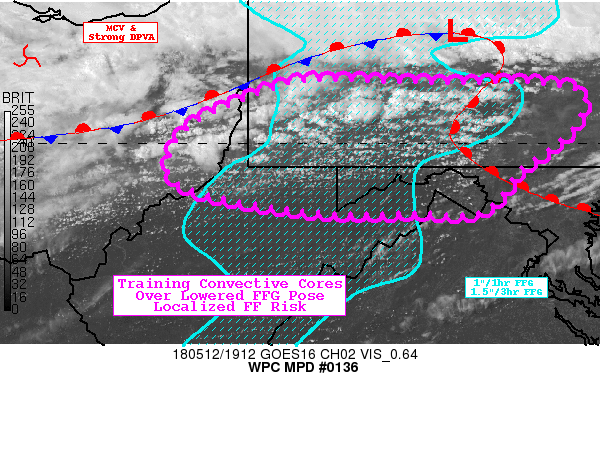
AREAS AFFECTED...SOUTHWEST PA...NORTHERN WV...WESTERN MD...EASTERN
OH

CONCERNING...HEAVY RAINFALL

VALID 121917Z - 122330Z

SUMMARY...DEVELOPING LINEAR CONVECTIVE SEGMENTS MAY TRAIN THROUGH
SUSCEPTIBLE GROUND CONDITIONS/TERRAIN TO POSE LOCALIZED FLASH
FLOODING RISK THROUGH EARLY EVENING BEFORE BECOMING OUTFLOW
DOMINANT.

DISCUSSION...GOES-16 1-MINUTE MESO VISIBLE IMAGERY AND REGIONAL
RADARS DEPICT TWO DISTINCT WEST TO EAST ORIENTED LINES OF TCU
BUILDING TO FULL CBS AT THIS TIME.  SPC MESO DISCUSSION 391
HIGHLIGHTS THE FRONTAL ZONE AND ENVIRONMENTAL CONDITIONS FOR THIS
DEVELOPMENT WELL WITH 1250+ J/KG CAPES.  FROM THE FLOODING
PERSPECTIVE THERE ARE A FEW ADDITIONAL FACTORS THAT MAY AID
LOCALIZED FLASH FLOODING ISSUES OVER THE NEXT 3-4 HOURS.  THE MAIN
REASON IS LOWERED FFG VALUES ACROSS COMPLEX TERRAIN MAINLY ACROSS
SOUTHWEST PA WHERE 1 HR FFG VALUES ARE AROUND 1"/HR AND 3HR VALUES
ARE ABOUT 1.5" (WITH LOWER VALUES FURTHER SOUTH OVER N WV/W MD) AS
WELL IN URBAN CENTERS.  THE 18Z PBZ SOUNDING HIGHLIGHTS THE OTHER
MAJOR FACTOR...WHERE UNIDIRECTIONAL FLOW REGIME IS IN PLACE THAT
IS GENERALLY PARALLEL TO THE ORIENTATION OF THE CONVECTION.  GIVEN
THE LENGTH OF THE CONVECTIVE LINES (LIKELY TO EXPAND DOWNSTREAM AS
WELL) THIS FLOW REGIME AND CONVECTIVE DEVELOPMENT/ ORIENTATION
POSES A GOOD LIKELIHOOD FOR CELLS TO TRAIN.

SURFACE TDS IN THE HIGH 50S/LOWER 60S AND MODEST INCREASING 9-7H
MST FLUX JUST AHEAD OF STRONG DPVA FROM THE MCV CROSSING NW OH
SHOULD SUPPORT SUFFICIENT FLUX THOUGH OVERALL MOISTURE SOUNDING
(REPRESENTED WELL BY PBZ) SHOWS SOME POCKETS OF DRIER AIR/DEW
POINT DEPRESSIONS IN THE MAIN UPDRAFT REGIONS.  IT IS THIS DRY AIR
THAT WILL BE THE ULTIMATE LIMITING FACTOR MAINLY IN REDUCING THE
TIME FRAME FOR THE TRAINING LINEAR CLUSTERS AS THEY WILL BECOME
INCREASINGLY LIKELY TO GENERATE COLD POOLS AND DISRUPT THE IDEAL
TRAINING ENVIRONMENT.

STILL FLUX AND PWS UP TO 1.25" WITH INCREASING CONVECTIVE COVERAGE
WITHIN THE TRAINING LINES SUGGEST OF LOCALIZED RAINFALL TOTALS OF
1.25-1.75" EXCEEDING FFG VALUES THROUGH 00Z.  THIS IS SUPPORTED BY
THE 12Z NMMB/NSSLWRF/NAMCONEST/17Z HRRR/.